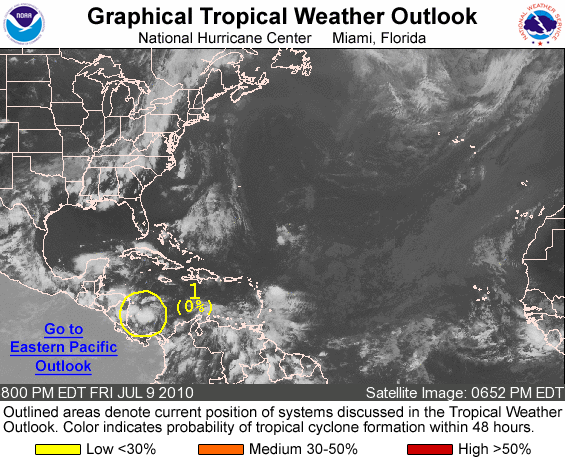
FOR THE NORTH ATLANTIC...CARIBBEAN SEA AND THE GULF OF MEXICO...

THE HYDROMETEOROLOGICAL PREDICTION CENTER IS ISSUING ADVISORIES ON TROPICAL DEPRESSION TWO...LOCATED INLAND OVER NORTHEASTERN MEXICO ABOUT 90 MILES WEST OF LAREDO TEXAS. THESE ADVISORIES CAN BE FOUND UNDER AWIPS HEADER TCPAT2 AND WMO HEADER WTNT32 KWNH.

1. A TROPICAL WAVE LOCATED OVER THE EXTREME SOUTHWESTERN CARIBBEAN SEA IS PRODUCING A LARGE AREA OF SHOWERS AND THUNDERSTORMS AS IT MOVES WESTWARD AT AROUND 20 MPH. WHILE

TROPICAL CYCLONE FORMATION IS NOT EXPECTED BEFORE THIS SYSTEM REACHES CENTRAL AMERICA...HEAVY RAINFALL IS POSSIBLE TONIGHT AND SATURDAY ACROSS PORTIONS OF HONDURAS AND NICARAGUA. THERE IS A LOW CHANCE...NEAR 0 PERCENT...OF THIS SYSTEM BECOMING A TROPICAL CYCLONE DURING THE NEXT 48 HOURS. FOR ADDITIONAL INFORMATION ON THIS SYSTEM...PLEASE REFER TO PRODUCTS FROM YOUR NATIONAL METEOROLOGICAL SERVICE.

ELSEWHERE...TROPICAL CYCLONE FORMATION IS NOT EXPECTED DURING THE NEXT 48 HOURS.

FORECASTER BRENNAN